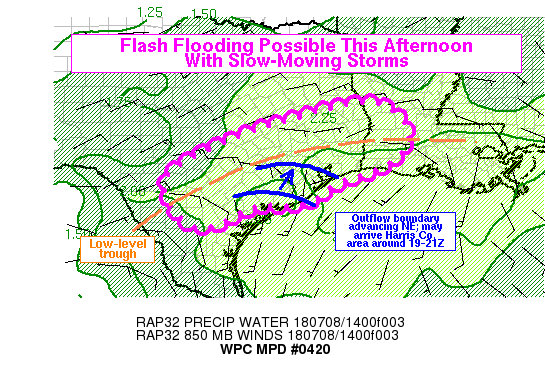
AREAS AFFECTED...SC AND SE TEXAS...SW LOUISIANA

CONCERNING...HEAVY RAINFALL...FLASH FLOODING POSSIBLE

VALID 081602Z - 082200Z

SUMMARY...VERY SLOW-MOVING STORMS ARE EXPECTED TODAY. THEY WILL
BECOME MORE NUMEROUS AROUND MIDDAY AND MEANDER AROUND THE REGION
THROUGH THE AFTERNOON. RAIN RATES MAY REACH 2-3 IN/HR WHICH COULD
PRODUCE LOCALIZED FLASH FLOODING... ESPECIALLY IN URBANIZED AREAS.

DISCUSSION...CIRA BLENDED TOTAL PW PRODUCT SHOWS PW VALUES AROUND
1.9 TO 2.3 INCHES OVER MOST OF THE OUTLINED REGION FROM
SOUTH-CENTRAL TEXAS INTO SOUTHWEST LOUISIANA. THIS CLOSELY MATCHES
BOTH 12Z SOUNDINGS FROM THE AREA...AND NUMEROUS GPS-PW
OBSERVATIONS WITH THE HIGHEST OBSERVATIONS FROM HOUSTON METRO TO
NEAR LAKE CHARLES LOUISIANA (AROUND 2.2 INCHES). DESPITE THE
TYPICAL HUMID CLIMATE ALONG THE GULF COAST IN THE SUMMER
MONTHS...2.2 INCH PW VALUES WOULD BE AROUND OR JUST ABOVE THE 90TH
PERCENTILE FOR MID JULY ON THE LAKE CHARLES SOUNDING CLIMATOLOGY.
THUS ANOMALOUSLY HIGH LEVELS OF ATMOSPHERIC MOISTURE ARE IN
PLACE...AND SHOULD PROMOTE EFFICIENT RAINFALL PRODUCTION IN
STORMS.

FURTHER EXACERBATING THE THREAT OF LOCALLY HEAVY RAINFALL ARE THE
VERY WEAK WINDS THROUGH MUCH OF THE DEPTH OF THE TROPOSPHERE. A
LOW-LEVEL TROUGH (SFC-850MB) STRETCHED IN A BROAD ARC FROM NEAR
LAREDO TO NEAR BATON ROUGE...AND THIS WAS COINCIDENT WITH A
WEAKNESS IN THE MID-UPPER LEVEL FLOW. FORECAST MEAN WIND
(850-200MB) ACROSS THE REGION WAS GENERALLY AROUND OR LESS THAN 5
KNOTS. FLOW THIS WEAK SHOULD ALLOW STORMS TO BE NEARLY STATIONARY
UPON INITIAL DEVELOPMENT...WITH PERHAPS SOME SLOW PROPAGATION AS
CELL MERGERS FORCE DEVELOPMENT OF SMALL CLUSTERS AND LOCALIZED
COLD POOLS. THERE IS NOT A STRONG LOW-LEVEL BOUNDARY FOR
CONVECTION TO FOCUS ON...SO THE CONVECTION MAY NOT PERSIST IN THE
SAME AREA FOR MANY HOURS. HOWEVER...THE SLOW DRIFT AND POTENTIAL
FOR CELL MERGERS AND INTERACTIONS SUGGESTS THAT HEAVY RAIN CAN
PROBABLY BE SUSTAINED AT SOME LOCATIONS FOR A COUPLE HOURS...WHICH
MAY LEAD TO A FLASH FLOOD THREAT. RAIN RATES OF 2-3 IN/HR SEEM
ACHIEVABLE GIVEN THE DEEP SATURATED PROFILES...MODERATE TO STRONG
INSTABILITY...AND VERY SLOW STORM MOTIONS.

ONE MESOSCALE FEATURE OF INTEREST IS A NNE PROPAGATING OUTFLOW
BOUNDARY...EVIDENT ON GOES-16 VISIBLE SATELLITE LOOPS AND KHGX
RADAR. AT 16Z IT STRETCHED FROM ABOUT 40W OF VCT TO NEAR BYY TO
NEAR 25ESE OF SGNT2. EXTRAPOLATING CURRENT TRENDS WOULD PUSH THE
OUTFLOW BOUNDARY INTO THE VICINITY OF HARRIS COUNTY AND HOUSTON
METRO BETWEEN 19Z AND 21Z. THIS MAY PROVIDE ADDITIONAL FOCUS FOR
CONVECTIVE ORGANIZATION AND DEVELOPMENT JUST DOWNSTREAM FOR AN
HOUR OR TWO...AND THUS BRIEFLY ENHANCE RAIN RATES. SOME SCATTERED
CONVECTION WAS ALREADY DEVELOPING ACROSS HOUSTON METRO...BUT THIS
MAY ENHANCE RAIN RATES ALONG THE I-10 CORRIDOR EARLY THIS
AFTERNOON.